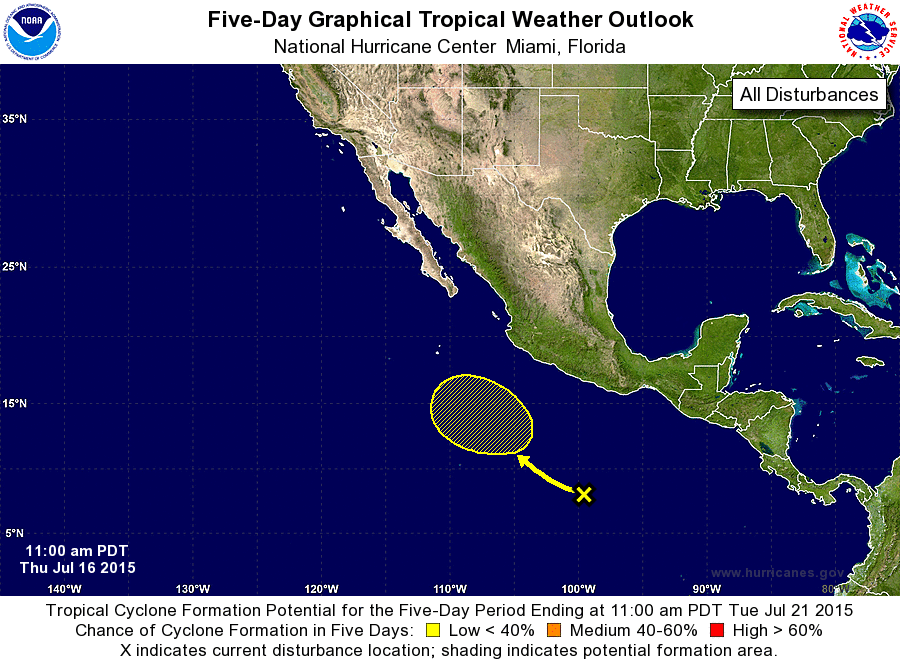
For the eastern North Pacific...east of 140 degrees west longitude:

The National Hurricane Center is issuing advisories on Hurricane Dolores, located a few hundred miles south-southwest of Cabo San Lucas, Mexico, and on Tropical Storm Enrique, located well west of the southern tip of the Baja California peninsula.

1. A weak area of low pressure, associated with a tropical wave, is located about 600 miles south-southwest of the Gulf of Tehuantepec. Some slow development is possible early next week while this system moves west-northwestward or northwestward at about 5 mph.
* Formation chance through 48 hours...low...near 0 percent
* Formation chance through 5 days...low...20 percent

Forecaster Berg